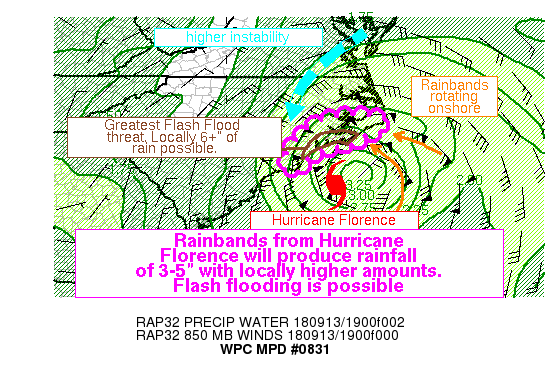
Areas affected...Coast and Coastal Plain of SE NC

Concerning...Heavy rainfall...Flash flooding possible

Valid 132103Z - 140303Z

Summary...Heavy rainfall associated with the Central Dense
Overcast of Hurricane Florence will lift westward and onshore
through the evening. Rainfall rates of 2-3" per hour are possible
which may produce flash flooding.

Discussion...Latest radar imagery from KMHX WSR-88D radar shows a
nearly unbroken area of heavy rain with embedded convective
elements northwest of the center of Hurricane Florence. Radar
estimated rainfall rates have been widespread 1-1.5"/hr, and
recent observations show that 3-6" of rainfall has been measured
across the Crystal Coast so far this afternoon. As Florence moves
very slowly to the W/NW through the evening, the heaviest echoes
will continue to rotate onshore producing nearly continuous
torrential rainfall across the threat area.

18Z KMHX upper air sounding showed that PWAT had increased to 2.33
inches, while the blended TPW product has up 2.5 inches just
offshore, positioned to pivot onto the coast. The freezing level
at MHX is approaching 17,000 ft, RAP analyzed MLCape remains
500-1000 J/kg, and maximum lapse rates are less than 6C/km, all
indicators of efficient warm rain processes. 850mb inflow has
reached 85 kts on KMHX VWP, greater than the 0-6km mean wind which
is 70 kts. Inflow wind speeds greater than the mean wind will only
enhance lift through the column and create the potential for
rainfall rates of 2-3"/hr. Individual cells will race to the S/SW,
but training of higher reflectivity is likely as the bands rotate
onshore, and rainfall totals of 3-5" are likely, with 6" or more
possible in some locations, especially along the Crystal Coast.

The threat area has been expanded a bit to the NW from the
previous MPD as CIN has eroded and the column is moistening as
evidenced by a PWAT plume of 2" advecting inland to Interstate 95.
Additionally, higher MLCape of 1500 J/kg is being advected into
the region from the NE, and 0-6km bulk shear has increased to
30-40 kts, which will help persist and potentially intensify some
of the radar echoes as they advect inland. Rainfall further inland
across the coastal plain will overall be less robust, but very
heavy rain rates may still produce flash flooding across this area.

Although antecedent conditions from the past few weeks are dry,
the rainfall that has occurred today has been saturating the
soils. Latest HRRR 1cm soil moisture is over 50% for the immediate
Cape Fear coast and points north, so flash flooding will become
more likely as rains continue.